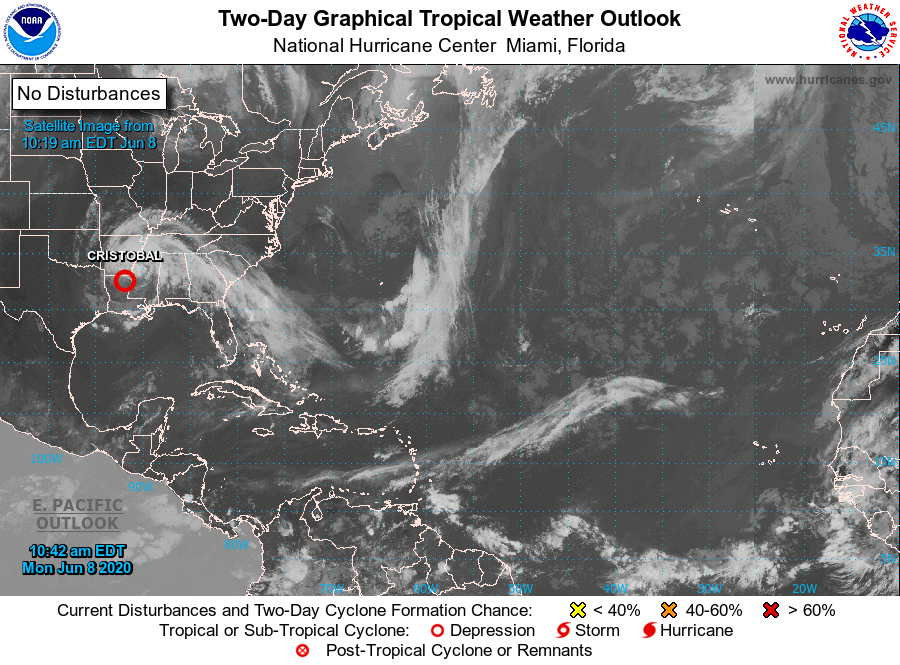
For the North Atlantic...Caribbean Sea and the Gulf of Mexico:

The National Hurricane Center is issuing advisories on Tropical Depression Cristobal, centered inland over northeast Louisiana.

1. A non-tropical area of low pressure is expected to form a few hundred miles east or northeast of Bermuda within a day or two. Environmental conditions are not expected to be particularly conducive for the low to acquire subtropical characteristics before the end of the week.
* Formation chance through 48 hours...low...near 0 percent.
* Formation chance through 5 days...low...10 percent.

Forecaster Blake